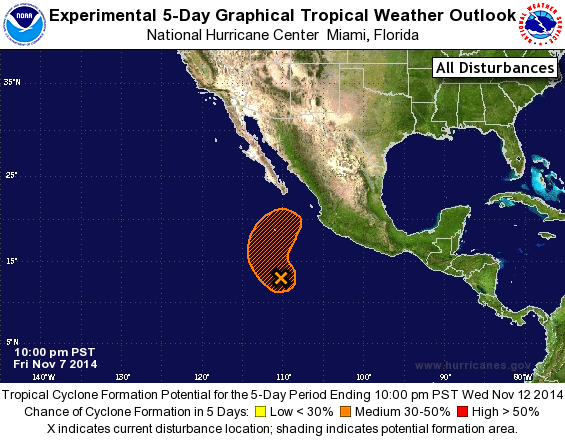
For the eastern North Pacific...east of 140 degrees west longitude:

1. Shower and thunderstorm activity associated with a low pressure system located several hundred miles southwest of Manzanillo, Mexico, continues to show signs of organization. Environmental conditions are expected to be conducive for development of this disturbance over the weekend while it moves generally northwestward at 10 to 15 mph. By Monday evening, however, upper-level winds are forecast to become unfavorable for development.
* Formation chance through 48 hours...medium...40 percent.
* Formation chance through 5 days...medium...50 percent.

Forecaster Stewart